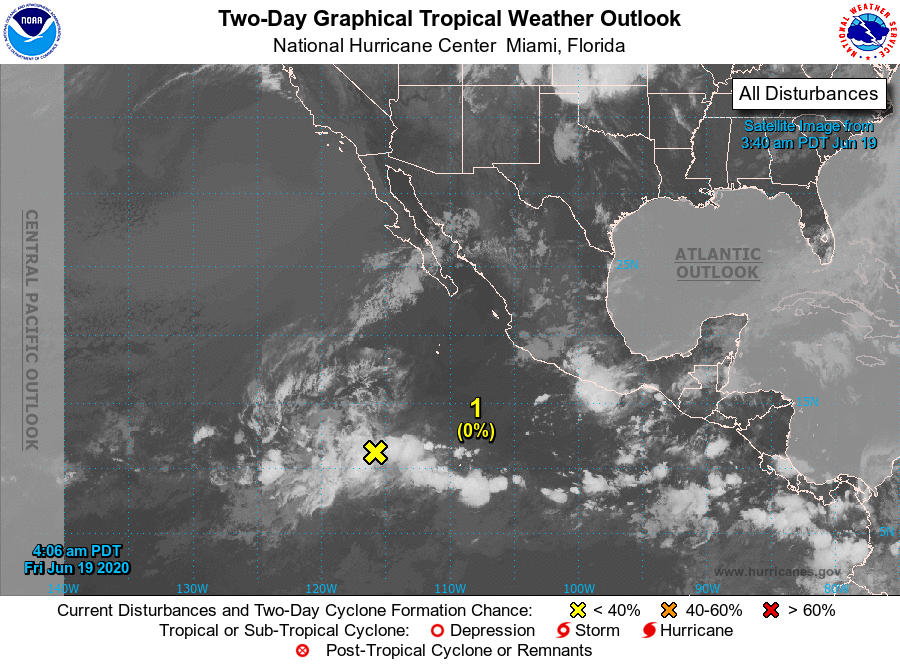
For the eastern North Pacific...east of 140 degrees west longitude:

1. A broad area of low pressure located more than 1000 miles southwest of the southern tip of the Baja California peninsula is producing disorganized shower activity. However, environmental conditions could support some slow development of the system through early next week while it moves generally westward, well offshore the coast of Mexico.
* Formation chance through 48 hours...low...near 0 percent.
* Formation chance through 5 days...low...20 percent.

Forecaster Stewart